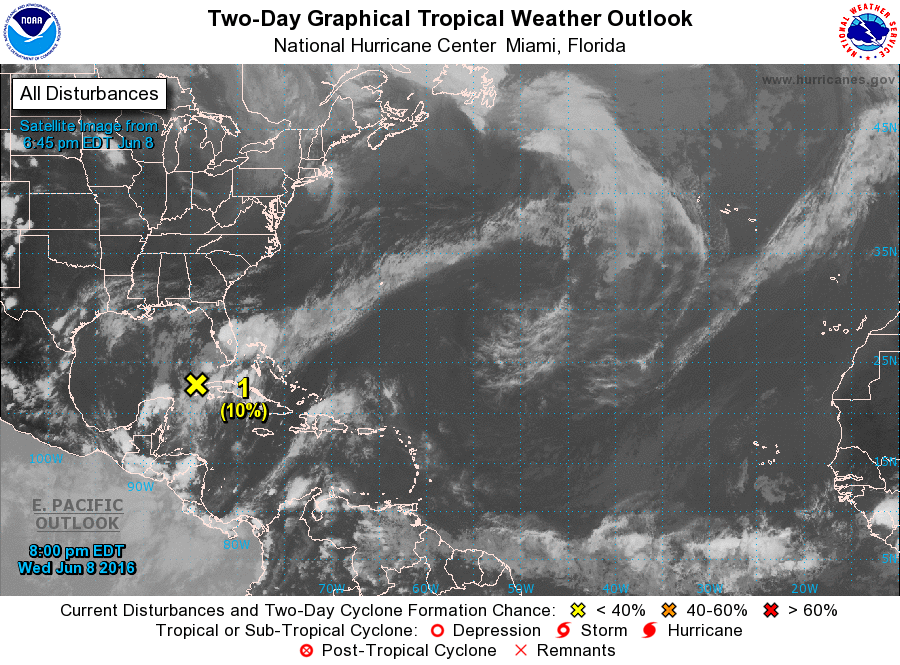
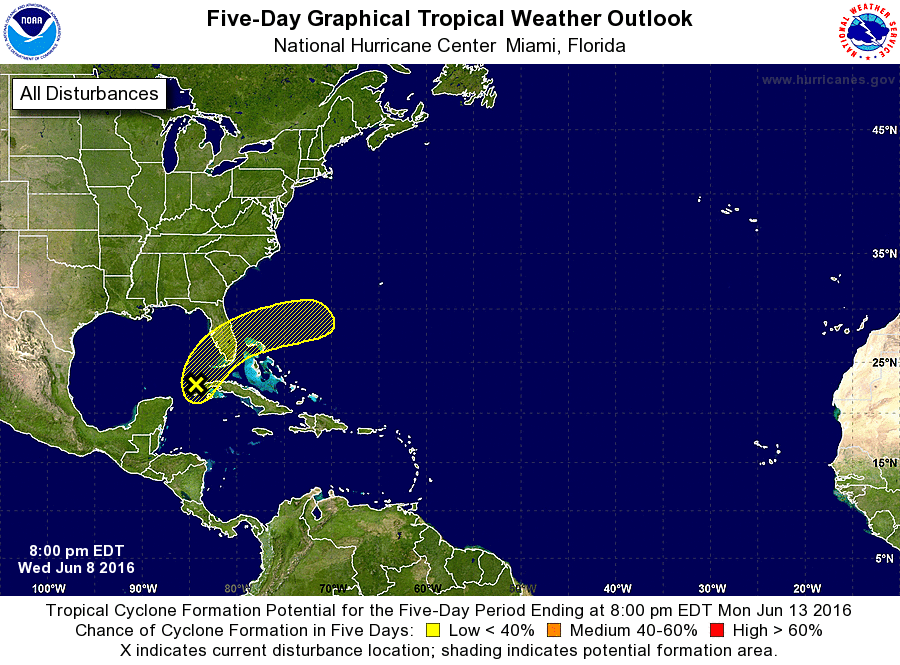
For the North Atlantic...Caribbean Sea and the Gulf of Mexico:

1. An area of disturbed weather extending from western Cuba across the southern Florida Peninsula and into the western Bahamas is associated with a weak surface trough. This system is expected to move northeastward and eastward over the next day or so, and significant development is not anticipated. Regardless of development, locally heavy rains are likely over portions of western Cuba, the Florida Keys, the Florida Peninsula, and the western Bahamas through Thursday.
* Formation chance through 48 hours...low...10 percent
* Formation chance through 5 days...low...10 percent

Forecaster Brennan